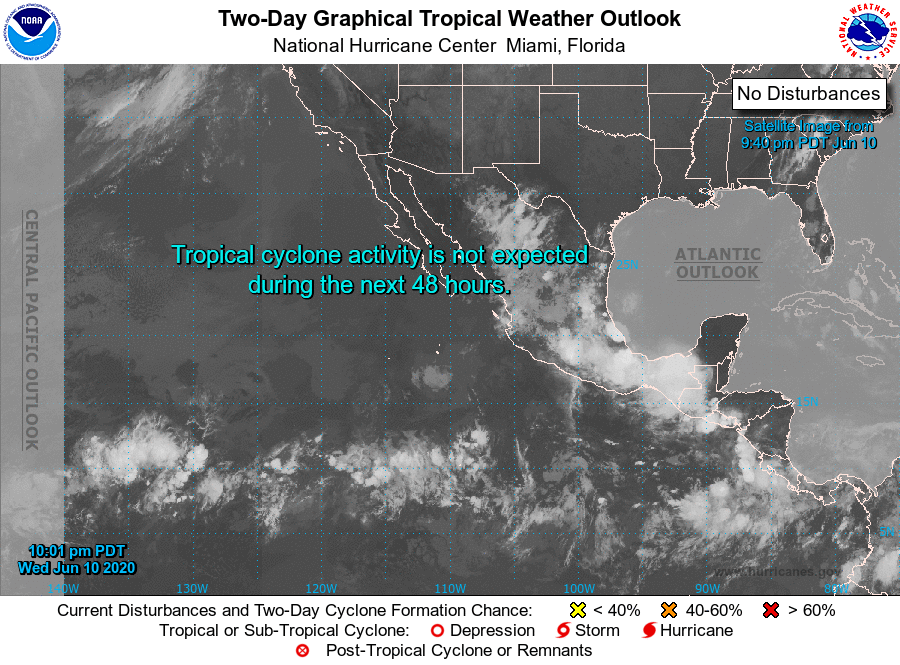
For the eastern North Pacific...east of 140 degrees west longitude:

1. An area of low pressure is forecast to form well south or south- southwest of the southern tip of Baja California Sur this weekend. Environmental conditions are expected to be conducive for gradual development, and a tropical depression could form in the early part of next week while the system moves west-northwestward away from Mexico.
* Formation chance through 48 hours...low...near 0 percent.
* Formation chance through 5 days...medium...40 percent.

Forecaster Blake